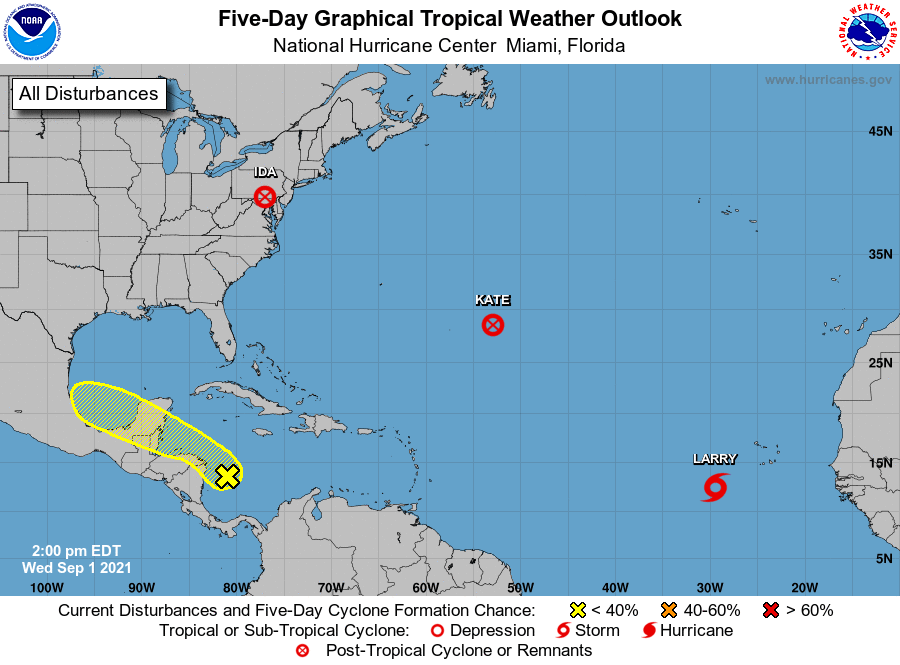
For the North Atlantic...Caribbean Sea and the Gulf of Mexico:

The National Hurricane Center is issuing advisories on Tropical Depression Kate, located over the central Atlantic and on Tropical Storm Larry, located over the far eastern tropical Atlantic several hundred miles southwest of the Cabo Verde Islands.

The Weather Prediction Center is issuing Public Advisories on Post-Tropical Cyclone Ida, located over the Mid-Atlantic United States.

1. Recent satellite wind data indicates the area of low pressure located in the southwestern Caribbean Sea has a well-defined circulation. However, shower and thunderstorm activity remains disorganized and displaced north of the center. Some slow development of this system remains possible over the next day or two if it remains over open water while moving west-northwestward or northwestward at 5 to 10 mph along the coast of Central America. By early next week, the system will have another opportunity for gradual development in the southwestern Gulf of Mexico. Regardless of development, heavy rains are possible across portions of Central America and the Yucatan Peninsula by late this week into the weekend.
* Formation chance through 48 hours...low...30 percent.
* Formation chance through 5 days...low...30 percent.

Public advisories issued by the Weather Prediction Center on Post-Tropical Cyclone Ida can be found under AWIPS header TCPAT4, WMO header WTNT34 KWNH, and on the web at http://www.wpc.ncep.noaa.gov

Public Advisories on Tropical Storm Larry are issued under WMO header WTNT32 KNHC and under AWIPS header MIATCPAT2. Forecast/Advisories on Tropical Storm Larry are issued under WMO header WTNT22 KNHC and under AWIPS header MIATCMAT2.

Forecaster Papin